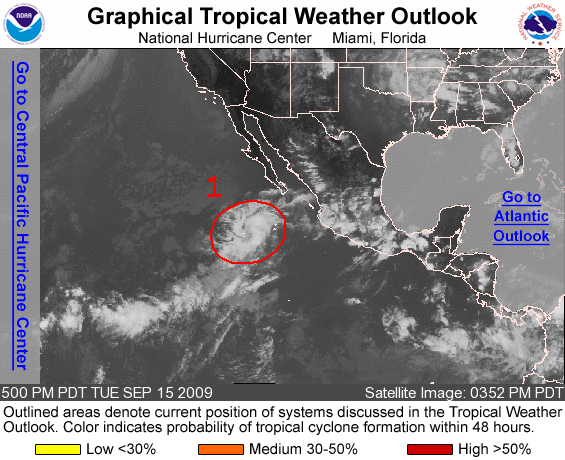
FOR THE EASTERN NORTH PACIFIC...EAST OF 140 DEGREES WEST LONGITUDE..

1. THE BROAD AREA OF LOW PRESSURE LOCATED ABOUT 350 MILES SOUTH- SOUTHWEST OF THE SOUTHERN TIP OF BAJA CALIFORNIA CONTINUES TO SHOW SOME SIGNS OF ORGANIZATION. THIS SYSTEM IS EXPECTED TO MOVE SLOWLY WEST-NORTHWESTWARD OR NORTHWESTWARD...AND IT COULD DEVELOP INTO A TROPICAL CYCLONE BEFORE REACHING COOLER WATERS IN A COUPLE OF DAYS. THERE IS A HIGH CHANCE...GREATER THAN 50 PERCENT...OF THIS SYSTEM BECOMING A TROPICAL CYCLONE DURING THE NEXT 48 HOURS.

ELSEWHERE...TROPICAL CYCLONE FORMATION IS NOT EXPECTED DURING THE NEXT 48 HOURS.

FORECASTER PASCH